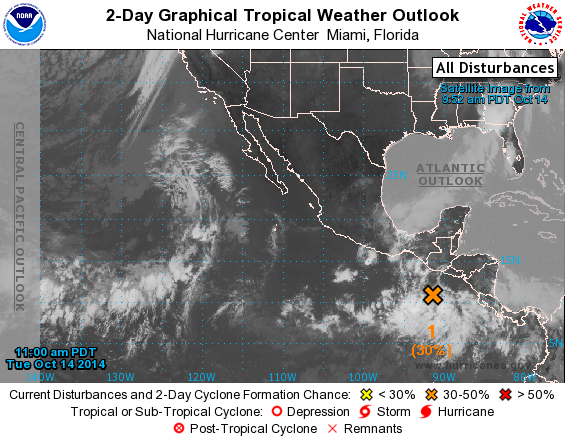
For the eastern North Pacific...east of 140 degrees west longitude:

1. Showers and thunderstorms have increased near a broad area of low pressure located a few hundred miles south of the coast of Guatemala. Environmental conditions are expected to be conducive for continued development of this system during the next several days while the low moves slowly northwestward.
* Formation chance through 48 hours...medium...30 percent.
* Formation chance through 5 days...high...60 percent.

Forecaster Blake